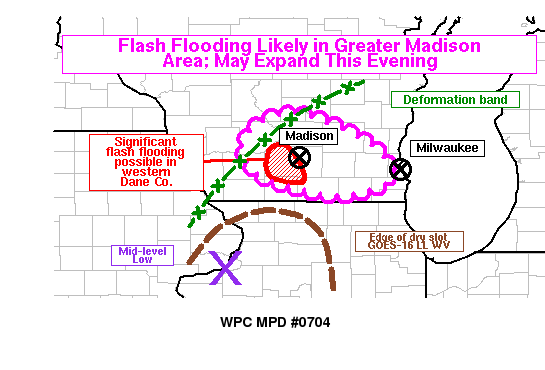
Areas affected...South-central Wisconsin

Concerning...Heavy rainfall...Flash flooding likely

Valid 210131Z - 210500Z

Summary...A significant flash flood event appears to be unfolding
in parts of Dane County, Wisconsin, with a persistent heavy rain
band that has been stationary for several hours. The heavy rain is
likely to continue for at least another hour. Additional heavy
rain bands were developing to the east and may begin to fill in
across south-central Wisconsin. This may cause the flash flood
threat to expand tonight. Rain rates of 1-2 in/hr will be more
common, and may exceed 2 in/hr in the strongest rain bands.

Discussion...A nearly stationary rain band over western Dane
County, WI was producing very heavy rain. Estimates of total
rainfall thus far from MRMS and KMKX dual pol are in excess of 5
inches from Cross Plains to Mount Horeb, and as high as 8-9 inches
in some areas on the dual pol estimates. The hourly rain rates
have been estimated to be as high as 3 in/hr. This rain band has
been sustained by very focused low-level convergence, and that was
likely helping to keep the rain rates high over several hours. An
additional band of convection has developed to the S/SE, extending
through Janesville and into the Chicago Metro Area. On its
southward extent, this band was showing more eastward motion,
likely pushing out as the synoptic low moves ENE. However, on the
north side of the low track, into southern Wisconsin, the
convective rain bands were showing reduced motion near the
deformation zone north of the low, and beginning to curl back to
the northwest. Additional smaller rain bands were beginning to
increase in coverage from Madison east to Lake Michigan over
southern Wisconsin as well. All this may lead to an expansion of
heavy rain and the flash flood threat this evening.

In the immediate future, through around 11 PM CDT, additional
heavy rainfall focused in western Dane County could lead to severe
flash flooding given the very heavy totals already observed. CREST
hydrologic model already shows maximum unit streamflow values
above 1000 cfs/mi, which is more consistent with significant flash
flood event. Furthermore, the flash flooding may expand more into
the city of Madison proper, as the convective rain band over Rock
County merges in from the southeast, leading to an eastward
expansion of the very heavy rain rates.